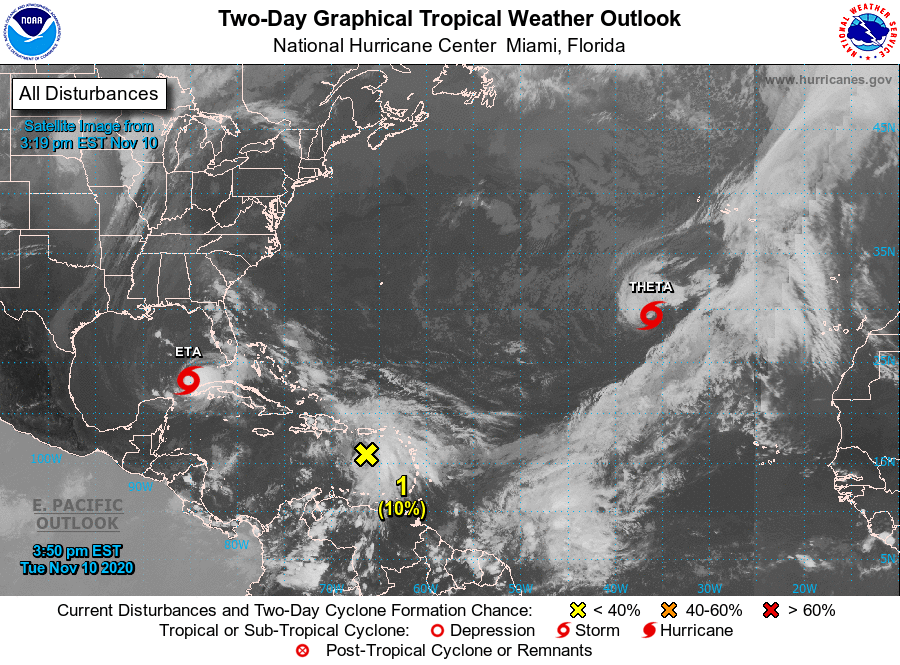
For the North Atlantic...Caribbean Sea and the Gulf of Mexico:

The National Hurricane Center is issuing advisories on Tropical Storm Eta, located over the southeastern Gulf of Mexico just offshore the coast of western Cuba, and on Subtropical Storm Theta, located over the eastern Atlantic.

1. A tropical wave located over the eastern Caribbean Sea is producing disorganized showers and thunderstorms. The wave is expected to move westward into more conducive environmental conditions over the next several days, and a tropical depression is likely to form late this week or this weekend when the wave reaches the central or western Caribbean Sea.
* Formation chance through 48 hours...low...10 percent.
* Formation chance through 5 days...high...70 percent.

Public Advisories on Subtropical Storm Theta are issued under WMO header WTNT35 KNHC and under AWIPS header MIATCPAT5. Forecast/Advisories on Subtropical Storm Theta are issued under WMO header WTNT25 KNHC and under AWIPS header MIATCMAT5.

Forecaster Latto